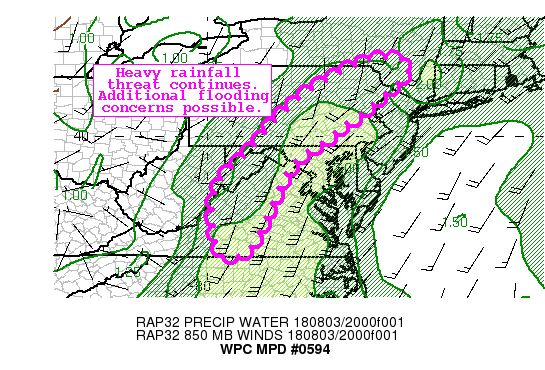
Areas affected...Wrn VA...Ern WV...Wrn MD...S-cntrl to Nern
PA...Upstate NY

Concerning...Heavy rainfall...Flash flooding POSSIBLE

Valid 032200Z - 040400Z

Summary...Heavy rainfall threat is expected to continue through
the evening hours.  Additional flooding concerns are possible.

Discussion...Model soundings from recent runs of the HRRR continue
to show high RH values through the low and mid levels, with tall
skinny CAPEs - supporting efficient rainfall processes.  The
persistence of deep unidirectional flow, high PWs and the
larger-scale lift afforded by shortwave energy lifting along the
leading edge of the trough, will continue to support rounds of
training precipitation, resulting in additional heavy amounts
across the region.  Several hi-res model runs show additional
locally heavy amounts continuing into the evening hours, with the
18 UTC HREF Mean neighborhood probabilities indicating a
significant chance for additional amounts of 1-2 inches, with
locally heavier accumulations, within the highlighted region.
Three-hour flash flood guidance values are an inch or less within
a large portion of the highlighted region - suggesting any
additional heavy amounts would likely cause hyrdrologic concerns.
Consensus of the hi-res guidance shows the heavy rainfall threat
subsiding from south to north as the shortwave trough and better
forcing begins to lift out overnight.